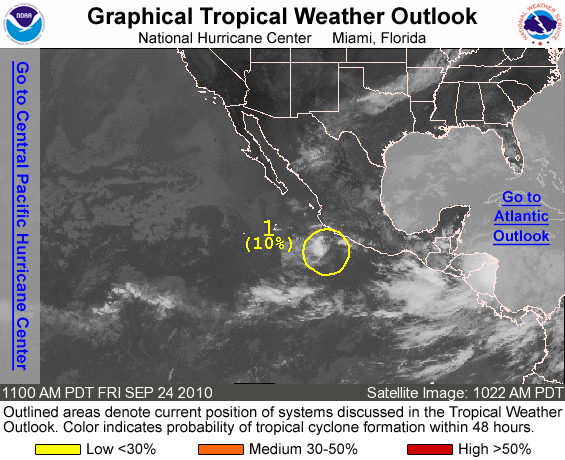
FOR THE EASTERN NORTH PACIFIC...EAST OF 140 DEGREES WEST LONGITUDE..

1. A LOW PRESSURE SYSTEM LOCATED ABOUT 180 MILES SOUTH OF MANZANILLO MEXICO IS PRODUCING LIMITED SHOWER ACTIVITY. DEVELOPMENT OF THIS DISTURBANCE...IF ANY...SHOULD BE SLOW TO OCCUR DUE TO UNFAVORABLE UPPER-LEVEL WINDS. THERE IS A LOW CHANCE...10 PERCENT...OF THIS SYSTEM BECOMING A TROPICAL CYCLONE DURING THE NEXT 48 HOURS AS IT MOVES WEST-NORTHWESTWARD AT ABOUT 10 MPH.

ELSEWHERE...TROPICAL CYCLONE FORMATION IS NOT EXPECTED DURING THE NEXT 48 HOURS.

FORECASTER STEWART